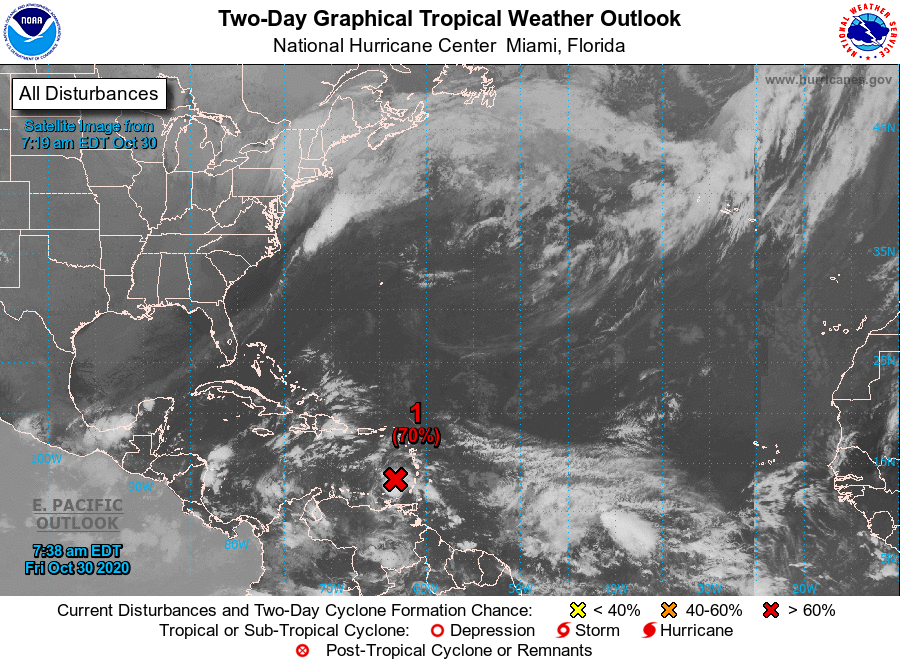
For the North Atlantic...Caribbean Sea and the Gulf of Mexico:

1. Shower activity continues to become better organized in association with a tropical wave located over the eastern Caribbean Sea. Conditions are conducive for further development of this system, and a tropical depression is likely to form this weekend or early next week as the system moves into the central and western Caribbean Sea.
* Formation chance through 48 hours...high...70 percent.
* Formation chance through 5 days...high...80 percent.

Forecaster Papin/Berg